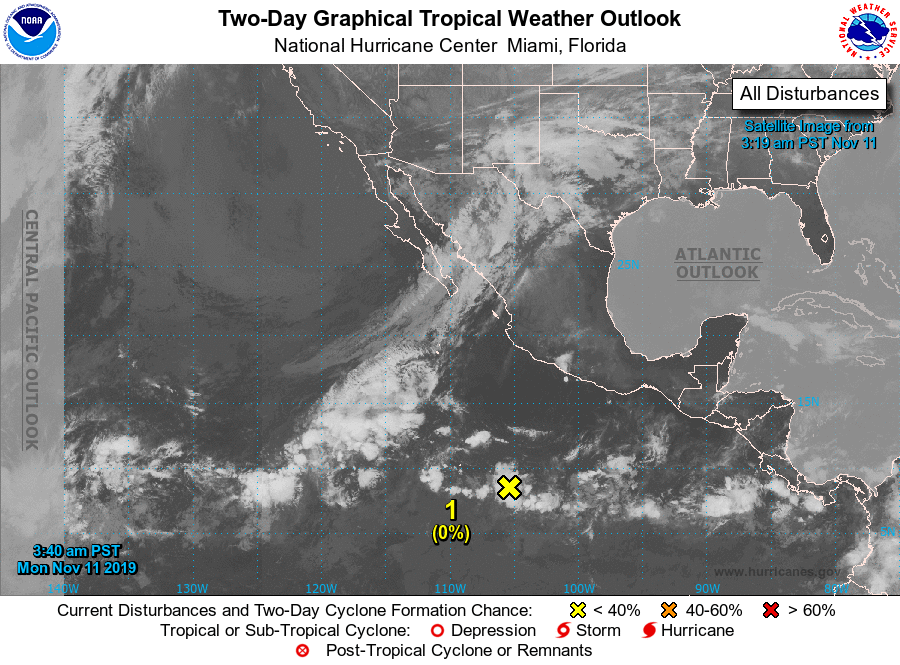
For the eastern North Pacific...east of 140 degrees west longitude:

1. A low pressure system is expected to form during the next few days several hundred miles south or south-southwest of the southern tip of the Baja California peninsula. Some gradual development will be possible thereafter while the system moves slowly northward.
* Formation chance through 48 hours...low...near 0 percent.
* Formation chance through 5 days...low...30 percent.

Forecaster Stewart